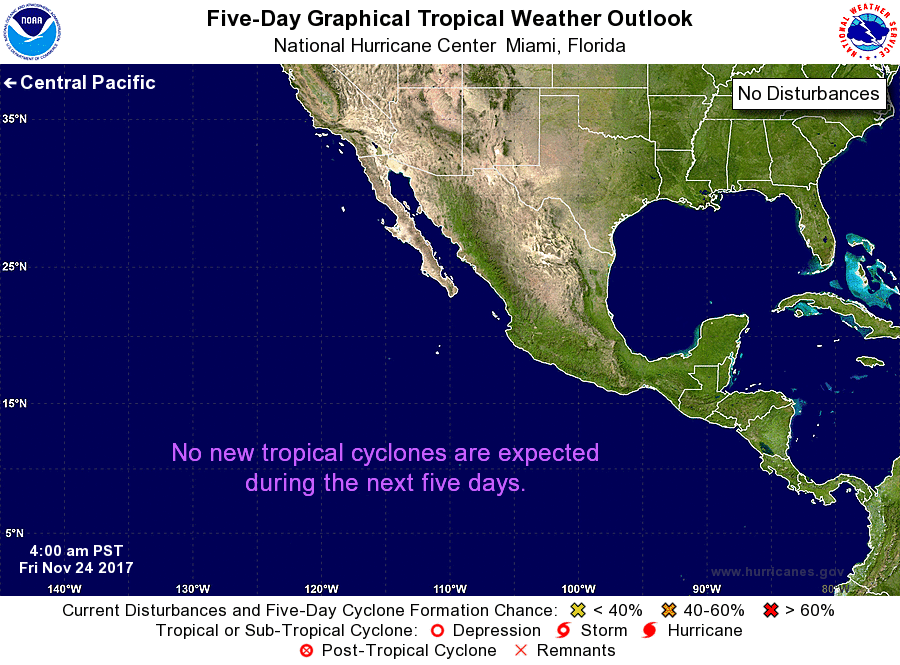
For the eastern North Pacific...east of 140 degrees west longitude:

Tropical cyclone formation is not expected during the next 5 days.

Forecaster Beven